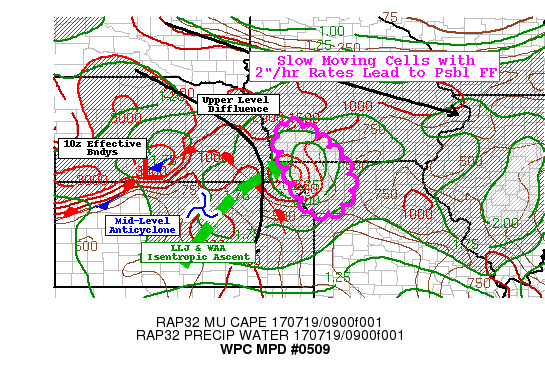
AREAS AFFECTED...SOUTHWEST IA...NORTHWEST MO

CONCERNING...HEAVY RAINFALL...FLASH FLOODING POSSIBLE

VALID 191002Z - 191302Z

SUMMARY...ISENTROPIC ASCENT AND SLOW CELL MOTIONS WITHIN DEEPLY
SATURATED PROFILE SUPPORTS SHORT-TERM FLASH FLOOD THREAT.

DISCUSSION...EXPERIMENTAL GOES-16 IR LOOP SHOWS A PERSISTENT
CONVECTIVE COMPLEX WITH CYCLING OVERSHOOTING TOPS AS COLD AS THE
-65C ACROSS SW IA INTO N MO.  RAP ANALYSIS DEPICTS A VEERING BUT
STILL STRONG LLJ ACROSS CENTRAL KS INTO NEB GENERALLY INTERSECTING
AN EFFECTIVE WARM FRONT ACROSS SE NEB/NE KS AS 25KTS OF SFC FLOW
ACCELERATES IN THE UPGLIDE TO CONVECT AROUND 850-800MB COINCIDENT
WITH A LOCALIZED POOL OF ELEVATED INSTABILITY IN THE RANGE OF
1500-2000 J/KG...WITH AMPLE MOISTURE ALLOWING FOR TPWS TO EXCEED
2.0".  THIS HAS ALLOWED FOR EFFICIENT RAINFALL PRODUCTION.  TO
EXACERBATE ENVIRONMENTAL CONDITIONS.  MID TO UPPER LEVEL FLOW IS
NICELY DIFFLUENT ALONG NORTHEAST SIDE OF STRONG ANTICYCLONE
ANCHORED OVER NE KS.  MODEST 500-1000MB THICKNESS FIELD IS ALSO
DIFFLUENT SUPPORTING SLACKED FIELD OF PROPAGATION VECTORS.  RECENT
RADAR MOSAIC ALSO SUGGESTS THAT AS THE WAA HAS BEEN SURGING OF
LATE...SOME REDEVELOPMENT UPSTREAM OVER MONTGOMERY/PAGE COUNTIES
WILL TRACK OVER AREAS THAT HAVE RECEIVED UP TO 2" ALREADY.  WET
GROUND CONDITIONS OVER THE LAST FEW WEEKS AND LOWER FFG VALUES
ALSO SUPPORT THE POSSIBILITY OF FLASH FLOODING CONDITIONS EVOLVING
SOON.

OVERALL HI-RES GUIDANCE HAS BEEN POOR TO HANDLE THE MAGNITUDE
LIKELY UNDERESTIMATING LOW LEVEL JET AND AVAILABLE
INSTABILITY...WITH THE RAP FIELDS LIKELY CLOSEST.  FORECAST IS FOR
A SLOW WEAKENING LOW LEVEL JET OVER THE NEXT HOUR OR SO WITH
CONTINUED VEERING...LEAVING A WINDOW FOR AN ADDITIONAL 1-2 HOURS
BEFORE WEAKENING ACROSS N MO.